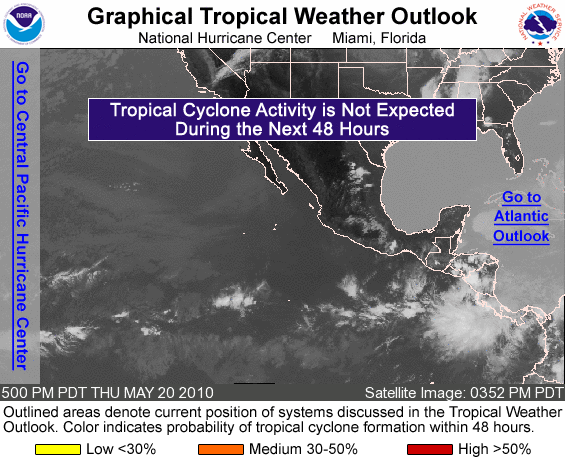
FOR THE EASTERN NORTH PACIFIC...EAST OF 140 DEGREES WEST LONGITUDE..

TROPICAL CYCLONE FORMATION IS NOT EXPECTED DURING THE NEXT 48 HOURS.

FORECASTER CANGIALOSI/PASCH